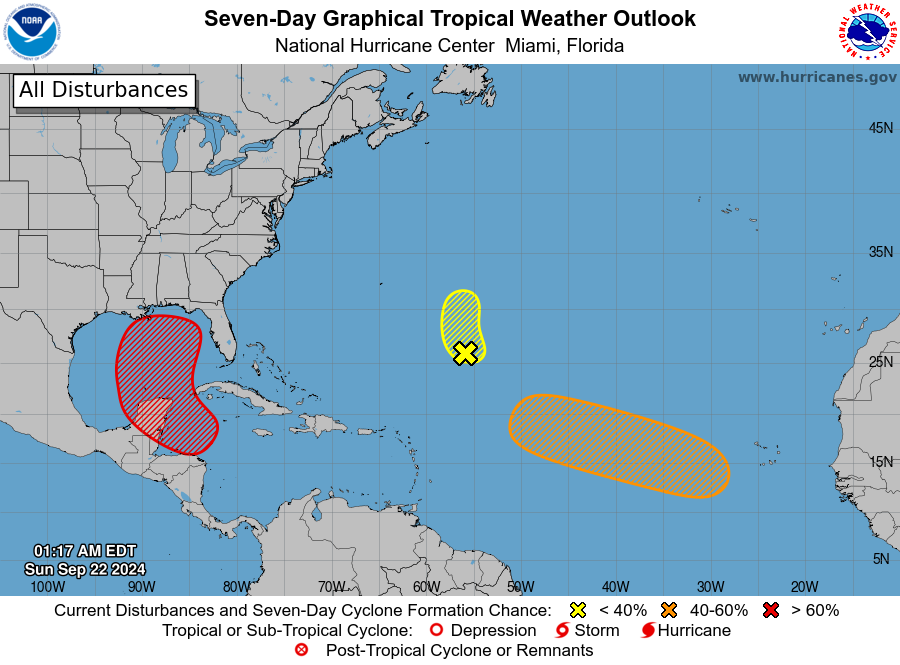
For the North Atlantic...Caribbean Sea and the Gulf of Mexico:

1. Central Subtropical Atlantic (AL96): An area of low pressure located several hundred miles southeast of Bermuda continues to produce showers and thunderstorms north of its center. Although environmental conditions are not very favorable for development, a short-lived tropical depression can not be ruled out if showers and thunderstorms become better organized while the system moves generally northward at 5 to 10 mph over the central subtropical Atlantic.
* Formation chance through 48 hours...low...20 percent.
* Formation chance through 7 days...low...20 percent.

2. Northwestern Caribbean Sea and Gulf of Mexico: A broad area of low pressure is likely to form during the next few days over the northwestern Caribbean Sea and the adjacent portions of Central America. Thereafter, gradual development of this system is expected, and a tropical depression is likely to form as the system moves slowly northward across the northwestern Caribbean Sea and Gulf of Mexico through the end of the week. Regardless of development, this system is expected to produce heavy rains over portions of Central America during the next several days.
* Formation chance through 48 hours...low...near 0 percent.
* Formation chance through 7 days...high...70 percent.

3. Eastern and Central Tropical Atlantic: A tropical wave is expected to move westward from the coast of Africa over the next few days. Gradual development of this system is possible thereafter, and a tropical depression could form during the middle to latter part of the week while the wave moves westward across the eastern and central tropical Atlantic.
* Formation chance through 48 hours...low...near 0 percent.
* Formation chance through 7 days...medium...40 percent.

Forecaster Kelly